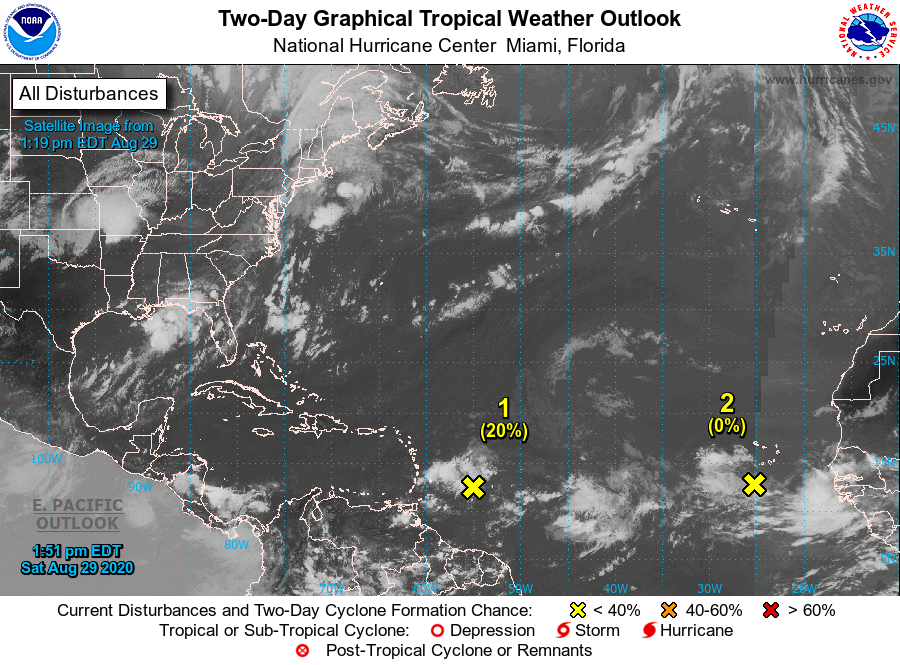
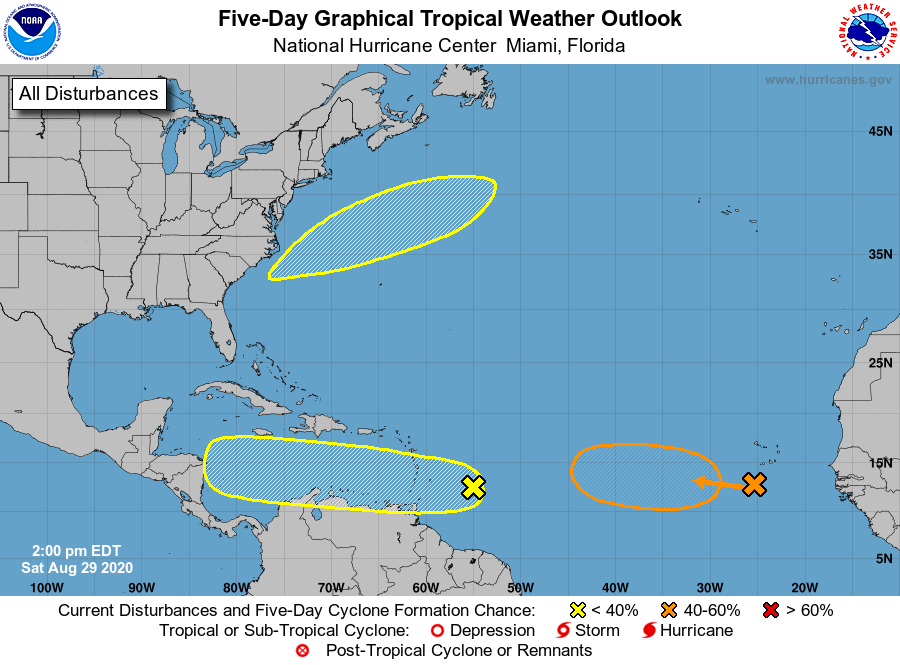
For the North Atlantic...Caribbean Sea and the Gulf of Mexico:

1. A tropical wave located about 550 miles east of the Windward Islands is producing disorganized showers and thunderstorms. Some gradual development of this system is possible during the next several days while it moves westward at about 15 mph toward the Lesser Antilles. Regardless of development, this system will likely produce gusty winds and locally heavy rainfall across portions of the Windward and Leeward Islands on Sunday.
* Formation chance through 48 hours...low...20 percent.
* Formation chance through 5 days...low...30 percent.

2. Another tropical wave is located over the eastern Atlantic Ocean just southwest of the Cabo Verde Islands. This system is expected to move very slowly for the next several days, and some development is possible early next week over the eastern or central tropical Atlantic.
* Formation chance through 48 hours...low...near 0 percent.
* Formation chance through 5 days...medium...40 percent.

3. A low pressure area is expected to form off of the southeastern coast of the United States early next week. Additional subsequent development is possible as the system moves east-northeastward across the northwestern Atlantic Ocean.
* Formation chance through 48 hours...low...near 0 percent.
* Formation chance through 5 days...low...20 percent.

Forecaster Beven